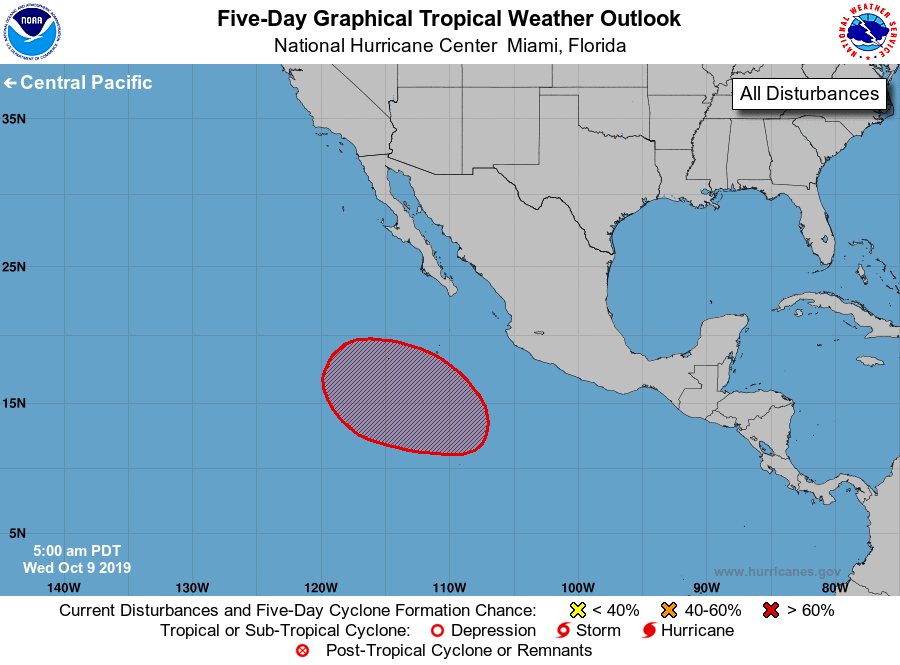
For the eastern North Pacific...east of 140 degrees west longitude:

1. An area of low pressure is expected to form several hundred miles southwest of the southwestern coast of Mexico by the end of the week. Environmental conditions are forecast to be conducive for gradual development, and a tropical depression is likely to form over the weekend while the system moves west-northwest to northwest at 5 to 10 mph.
* Formation chance through 48 hours...low...near 0 percent.
* Formation chance through 5 days...high...70 percent.

Forecaster Brown